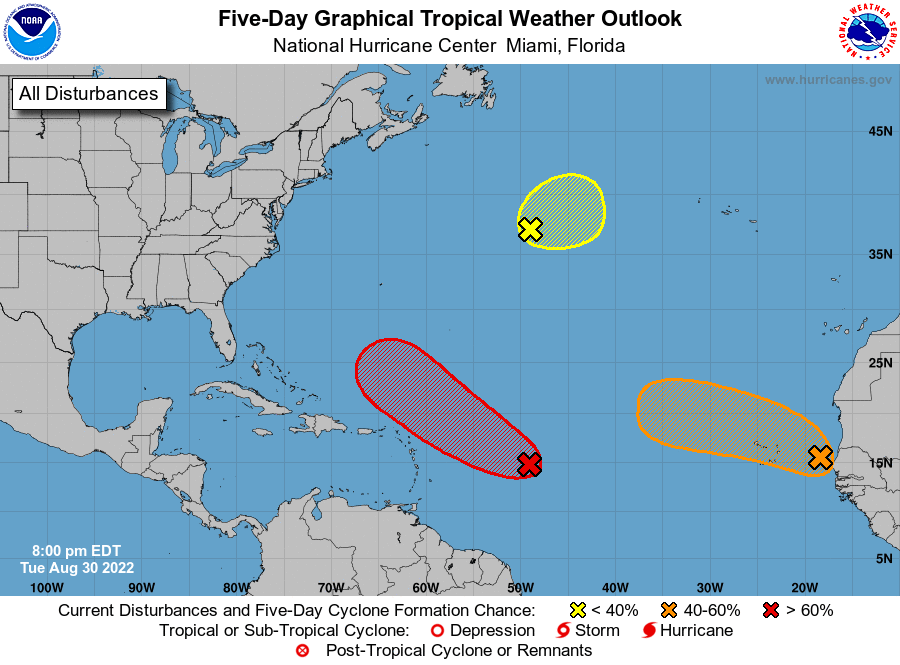
For the North Atlantic...Caribbean Sea and the Gulf of Mexico:

1. Central Tropical Atlantic: Shower and thunderstorm activity associated with an elongated area of low pressure located several hundred miles east of the Lesser Antilles has increased since yesterday. Although environmental conditions are only marginally conducive, additional gradual development of this system is expected and a tropical depression is likely to form within the next few days. The disturbance is forecast to move slowly toward the west and then west-northwest at 5 to 10 mph, toward the adjacent waters of the northern Leeward Islands. Additional information on this system can be found in High Seas Forecasts issued by the National Weather Service.
* Formation chance through 48 hours...medium...60 percent.
* Formation chance through 5 days...high...80 percent.

2. Eastern Tropical Atlantic: A broad area of low pressure located off the west coast of Africa is producing disorganized showers and thunderstorms. Some gradual development is possible, and the system could become a short-lived tropical depression over the far eastern Atlantic during the next few days. By late this week, environmental conditions are forecast to become increasingly unfavorable for further development. Regardless, the system could bring locally heavy rainfall to portions of the Cabo Verde Islands on Wednesday and Thursday.
* Formation chance through 48 hours...low...20 percent.
* Formation chance through 5 days...medium...40 percent.

3. Central Subtropical Atlantic: An area of low pressure is expected to form within the next day or so along a decaying frontal zone over the central subtropical Atlantic. Environmental conditions are expected to be conducive for some gradual tropical or subtropical development over the next several days while the system drifts generally eastward.
* Formation chance through 48 hours...low...10 percent.
* Formation chance through 5 days...low...30 percent.

High Seas Forecasts issued by the National Weather Service can be found under AWIPS header NFDHSFAT1, WMO header FZNT01 KWBC, and online at ocean.weather.gov/shtml/NFDHSFAT1.php

Forecaster Brown